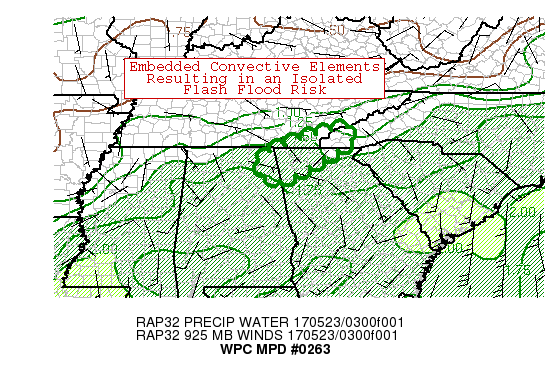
AREAS AFFECTED...NORTHEAST AL INTO SOUTHERN APPALACHIANS

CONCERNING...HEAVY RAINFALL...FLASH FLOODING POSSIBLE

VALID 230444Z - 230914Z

SUMMARY...EMBEDDED CONVECTIVE ELEMENTS WITHIN A BROADER STRATIFORM
RAIN AREA ARE PRODUCING LOCALLY HEAVY RAINFALL RATES ACROSS THE
AREA.

DISCUSSION...AS OF 04Z A CONVECTIVELY INDUCED LOW WAS EVIDENT OVER
NORTHERN AL...MOVING NORTHEASTWARD. OUT OF AHEAD OF THIS FEATURE A
LARGE AREA OF STRATIFORM RAINFALL IS CURRENTLY IMPACTING PORTIONS
OF NORTHERN AL/GA INTO EASTERN TN AND SOUTHWEST NC. GIVEN THE LACK
OF INSTABILITY...RAINFALL RATES ARE GENERALLY NOT IMPRESSIVE WITH
THIS ACTIVITY. HOWEVER HAVE NOTICED EMBEDDED CONVECTIVE ELEMENTS
PRODUCING SOME IMPRESSIVE RAINFALL AMOUNTS AND RATES. THE FORCING
MECHANISM FOR THESE EMBEDDED CONVECTIVE ELEMENTS IS A BIT
UNCLEAR...AS UPRIGHT INSTABILITY IS PRETTY MUCH NON EXISTENT. BUT
CLEARLY GETTING SOME LOCALIZED AREAS OF ENHANCED LIFT AND LOW
TOPPED CONVECTIVE ELEMENTS EMBEDDED WITHIN THE BROADER STRATIFORM
RAIN AREA. A SITE IN CROSSVILLE ALABAMA HAS RECEIVED 4.8" OF RAIN
IN THE LAST THREE HOURS FROM THIS ACTIVITY..WHICH CORROBORATES
RADAR ESTIMATES.

RECENT RADAR TRENDS SHOW A CONTINUATION OF THESE HEAVIER
CONVECTIVE ELEMENTS STRETCHING FROM NORTHEAST AL NORTHEASTWARD
TOWARDS THE TN/NC BORDER NEAR A FRONTAL BOUNDARY EXTENDING
NORTHEAST FROM THE AL LOW. UNCLEAR HOW LONG THESE HEAVIER CORES
WILL PERSIST AND AM BEGINNING TO SEE SOME EASTWARD
PROGRESSION...BUT RECENT TRENDS SUGGEST THAT A SHORT TERM
LOCALIZED FLASH FLOOD RISK WILL EXIST ACROSS THE MPD AREA. THE LOW
TOPPED NATURE OF THE CONVECTIVE ELEMENTS SUGGESTS THAT EFFICIENT
WARM RAIN PROCESSES ARE LIKELY DOMINANT...RESULTING IN THE HEAVY
RAINFALL RATES. POCKETS OF 3-5" EMBEDDED WITHIN A BROADER LIGHTER
AREA OF RAINFALL IS LIKELY.